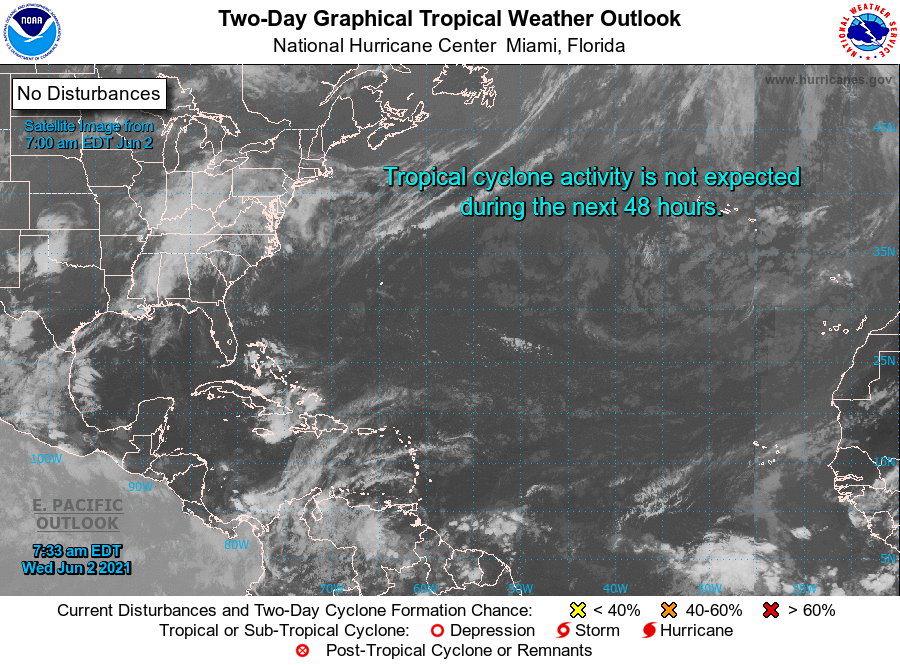
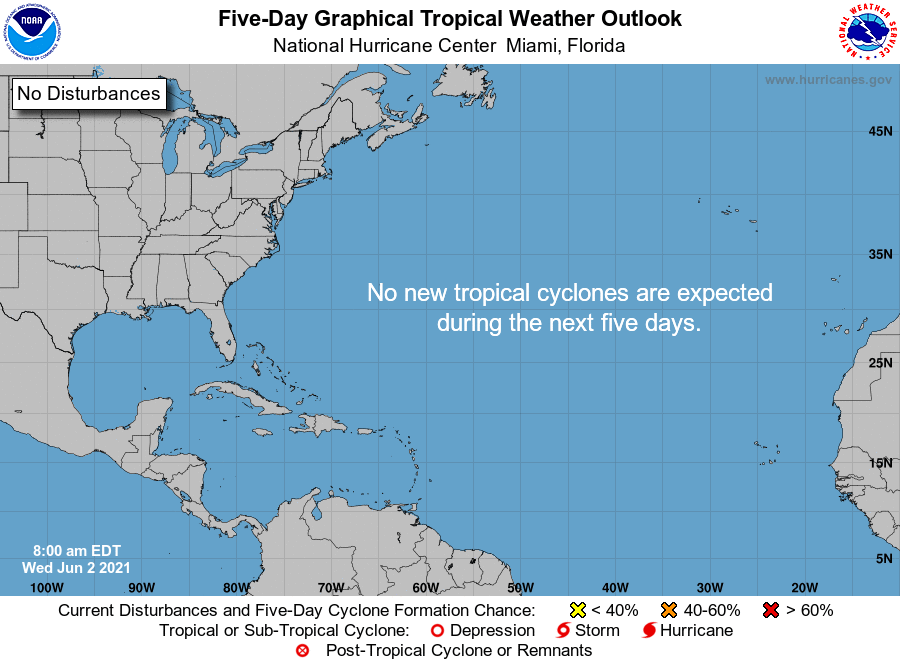
For the North Atlantic...Caribbean Sea and the Gulf of Mexico:

Tropical cyclone formation is not expected during the next 5 days.

Forecaster Papin/Stewart